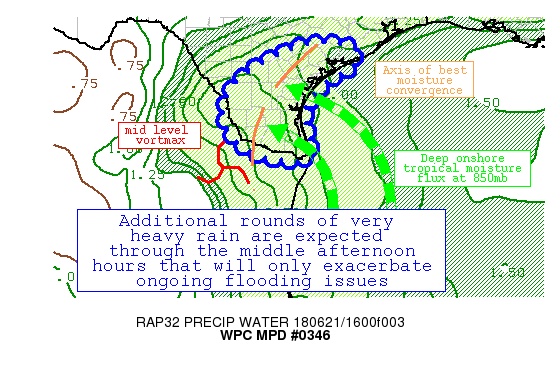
AREAS AFFECTED...DEEP SOUTH TEXAS

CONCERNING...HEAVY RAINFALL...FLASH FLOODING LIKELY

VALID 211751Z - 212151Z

SUMMARY...ADDITIONAL CLUSTERS OF HEAVY SHOWERS AND THUNDERSTORMS
WILL MAINTAIN A RENEWED THREAT FOR FLASH FLOODING THIS AFTERNOON
OVER AREAS THAT HAVE RECEIVED EXCESSIVE RAINFALL RECENTLY.

DISCUSSION...AN MCV TO THE WEST OF BROWNSVILLE TEXAS EARLY THIS
AFTERNOON CONTINUES TO REMAIN NEARLY STATIONARY. NUMEROUS HEAVY
SHOWERS AND STRONG THUNDERSTORMS CONTINUE TO DEVELOP TO THE EAST
OF THIS VORTMAX AND JUST INLAND FROM THE COAST.  SUSTAINED DEEP
MOISTURE FLUX FROM THE WESTERN GULF OF MEXICO WITH MLCAPES NEAR
1500 J/KG PER LATEST SPC MESOANALYSIS WILL SUPPORT ROBUST
CONVECTION WITH RAINFALL RATES OF 3+ INCHES PER HOUR AT TIMES.

EXTREMELY HIGH PWS ON THE ORDER OF 2.5 INCHES REMAIN IN PLACE
ACROSS THE REGION WHICH IS INDICATIVE OF A DEEP TROPICAL AIRMASS.
WARM CLOUD LAYERS ARE QUITE DEEP AND LEADING TO HIGHLY EFFICIENT
COLLISION-COALESCENCE PROCESSES.

TAKING INTO ACCOUNT THE PREVIOUS EXTREME RAINFALL OVER PARTS OF
THE REGION OVER THE PAST 36 HOURS AND SATURATED GROUND, THIS
ADDITIONAL RAINFALL WILL ONLY EXACERBATE ONGOING FLOODING AND
THEREFORE FLASH FLOODING IS LIKELY FOR SOME AREAS.